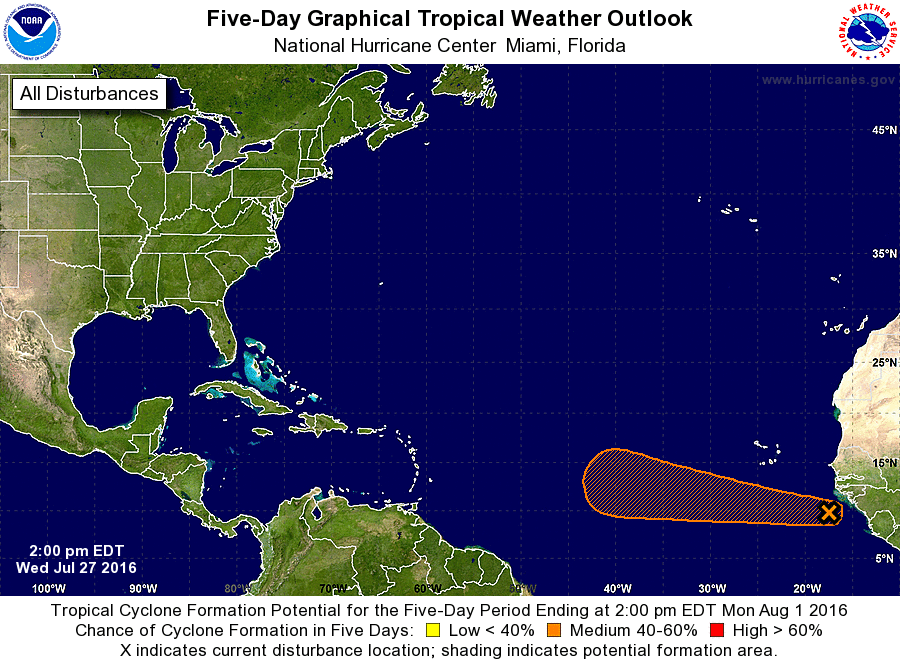
For the North Atlantic...Caribbean Sea and the Gulf of Mexico:

1. A tropical wave accompanied by a broad low pressure system is producing a large area of cloudiness and disorganized shower activity about 550 miles southeast of the Cabo Verde Islands. Environmental conditions are expected to be conducive for gradual development of this disturbance during the next several days while the system moves generally westward at 15 to 20 mph.
* Formation chance through 48 hours...low...30 percent
* Formation chance through 5 days...medium...40 percent

Forecaster Stewart